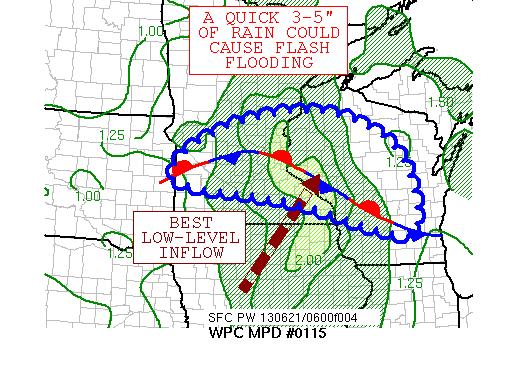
AREAS AFFECTED...SOUTH-CENTRAL MN...CENTRAL WI

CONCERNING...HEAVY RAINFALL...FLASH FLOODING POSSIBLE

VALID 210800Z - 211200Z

SUMMARY...A MESOSCALE CONVECTIVE COMPLEX -- MCC -- IS EXPECTED TO
CONTINUE MOVING EASTWARD, LEADING TO POSSIBLE FLASH FLOODING
ACROSS THE REGION.

DISCUSSION...AN MCC MOVING ACROSS MN IS EXPECTED TO MAINTAIN ITS
INTEGRITY AS IT MOVES INTO WISCONSIN EARLY THIS MORNING.  THE
SYSTEM IS BEING FED BY A FEW INFLOW BANDS MOVING INTO THE REGION
FROM EASTERN SD, SOUTHERN MN, AND WESTERN WI, WITH THE BULK OF THE
SYSTEM NEAR AND NORTH OF A FRONTAL ZONE.  FLASH GUIDANCE REMAINS
NEAR 2.5 INCH WITHIN THREE HOURS, WHICH HAS BEEN EXCEEDED
OVERNIGHT REGIONALLY.  HOWEVER, THE SYSTEM IS MOVING QUICKER AND
HAS A SOMEWHAT SMALLER RAINFALL FOOTPRINT ALONG A WEST-EAST AXIS
THAN SEEN EARLIER OVERNIGHT, WHICH LEADS TO A SMALLER RISK OF
FLASH FLOODING ON A REGIONAL BASIS.  DIVERGENCE ALOFT REMAINS
SIGNIFICANT TO THE EAST OF AN UPPER LEVEL LOW.  LOW-LEVEL INFLOW
NEAR AND BELOW THE 850 HPA LEVEL IS CLOSE TO 50 KNOTS, WHICH IS
FEEDING UNSTABLE AIR INTO THE SYSTEM WITH SATELLITE-DERIVED CAPE
VALUES OF 5000-6000 J/KG.  CONVERGENCE ALONG THE FRONTAL ZONE HAS
LED TO PRECIPITABLE WATER VALUES OF 1.75-2 INCHES, WHICH IS OVER
TWO STANDARD DEVIATIONS ABOVE NORMAL FOR THE REGION FOR JUNE. THIS
SYSTEM IS EXPECTED TO PERSIST WELL INTO THE MORNING HOURS PER THE
LAST SEVERAL RUNS OF THE HRRR.  CONSIDERING THE ABOVE, USED
POSSIBLE WORDING.  LOCAL AMOUNTS OF 3-5 INCHES WITHIN A FEW HOURS
CANNOT BE RULED OUT, WHICH WOULD EXCEED FLASH FLOOD GUIDANCE.